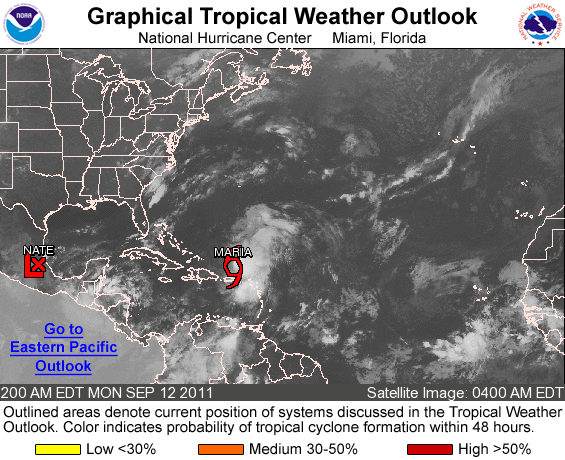
FOR THE NORTH ATLANTIC...CARIBBEAN SEA AND THE GULF OF MEXICO...

THE NATIONAL HURRICANE CENTER IS ISSUING ADVISORIES ON TROPICAL STORM MARIA...LOCATED ABOUT 125 MILES NORTH OF SAN JUAN PUERTO RICO...AND HAS ISSUED THE LAST ADVISORY ON NATE...LOCATED INLAND ABOUT 75 MILES WEST-SOUTHWEST OF TUXPAN MEXICO.

ELSEWHERE...TROPICAL CYCLONE FORMATION IS NOT EXPECTED DURING THE NEXT 48 HOURS.

FORECASTER CANGIALOSI